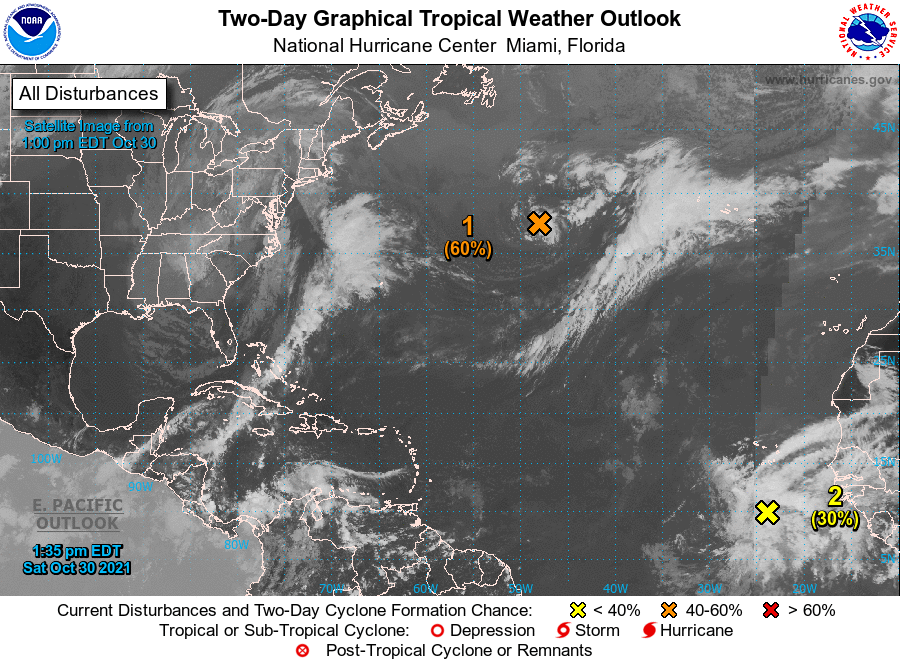
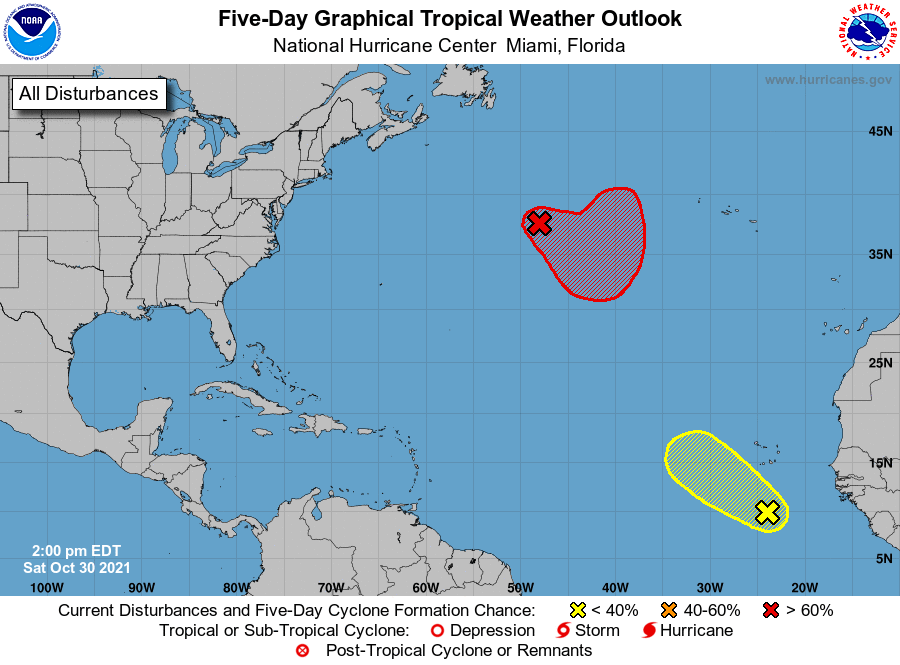
For the North Atlantic...Caribbean Sea and the Gulf of Mexico:

1. A strong low pressure system located several hundred miles south-southeast of Cape Race, Newfoundland, continues to produce some shower activity near and to the east of its center while moving southeastward at around 15 mph. The low appears to be gradually losing its frontal structure, and the system is likely to transition to a subtropical storm by early next week while it meanders over the central subtropical Atlantic. By the middle of next week, the system is expected to turn northward and move toward colder waters. For more information on this system, including gale warnings, see High Seas Forecasts issued by the National Weather Service.
* Formation chance through 48 hours...medium...60 percent.
* Formation chance through 5 days...high...70 percent.

2. A broad area of low pressure over the eastern tropical Atlantic is located several hundred miles south of the Cabo Verde Islands. The associated shower and thunderstorm activity is showing signs of organization, and environmental conditions could support some development of this system during the next couple of days while it moves generally northwestward at 10 to 15 mph. Upper-level winds are forecast to become increasingly unfavorable for further development by the middle of next week.
* Formation chance through 48 hours...low...30 percent.
* Formation chance through 5 days...low...30 percent.

High Seas Forecasts issued by the National Weather Service can be found under AWIPS header NFDHSFAT1, WMO header FZNT01 KWBC, and online at ocean.weather.gov/shtml/NFDHSFAT1.php

Forecaster Reinhart